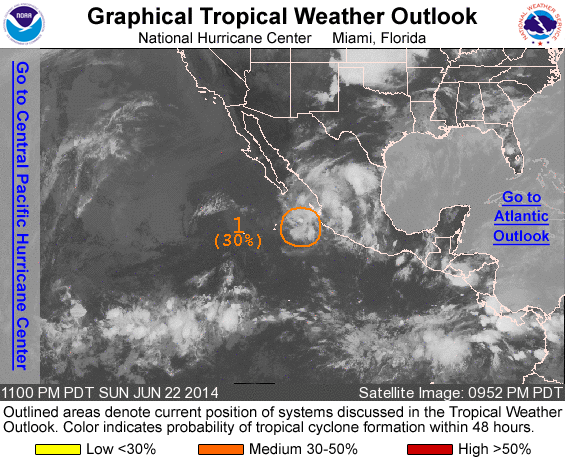
For the eastern North Pacific...east of 140 degrees west longitude:

1. The area of low pressure located a few hundred miles south-southeast of the Baja California, Mexico has not become any better organized during the past several hours. Some development of this system could occur during the next day or so while it moves northward. After that time, conditions are expected to become unfavorable for development.
* Formation chance through 48 hours...medium...30 percent.
* Formation chance through 5 days...medium...30 percent.

Forecaster Cangialosi